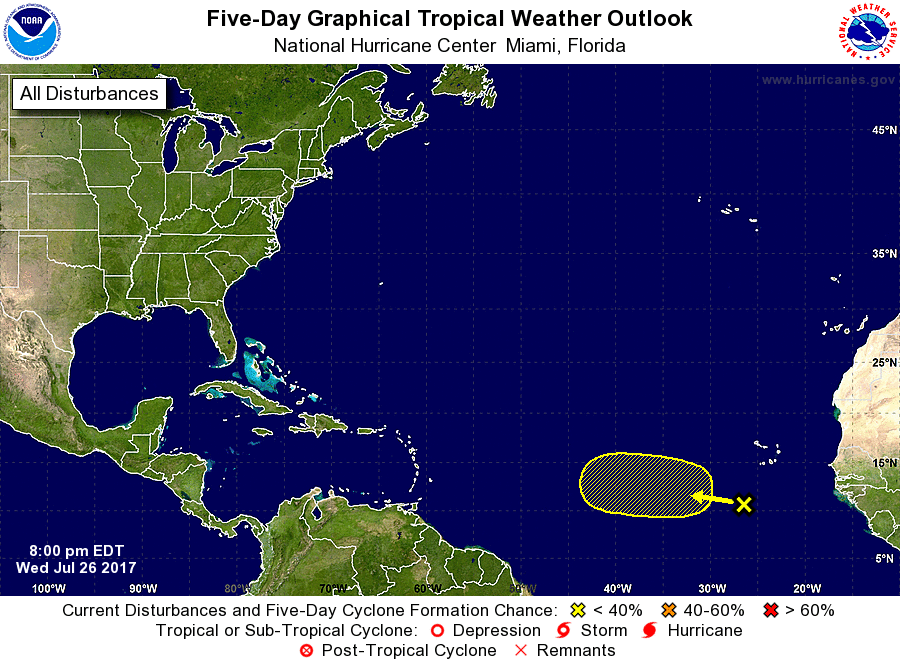
For the North Atlantic...Caribbean Sea and the Gulf of Mexico:

1. A tropical wave located a few hundred miles southwest of the Cabo Verde Islands is producing an area of disorganized showers and scattered thunderstorms. Some slow development is possible over the next several days while the system moves westward at 5 to 10 mph.
* Formation chance through 48 hours...low...near 0 percent.
* Formation chance through 5 days...low...30 percent.

Forecaster Stewart